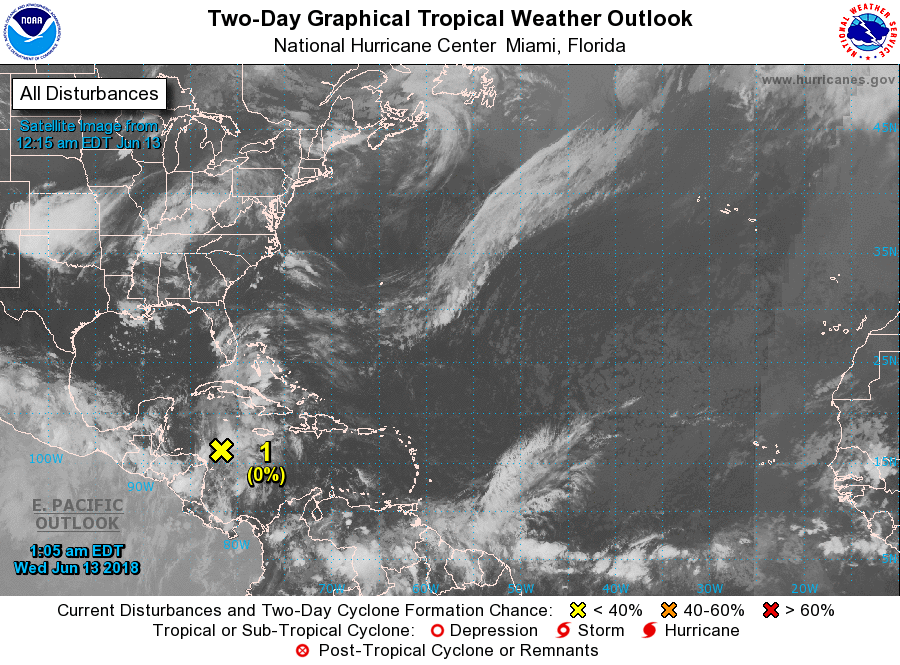
For the North Atlantic...Caribbean Sea and the Gulf of Mexico:

1. Disorganized showers and thunderstorms over the western Caribbean Sea are associated with a weak surface trough. This activity is forecast to move westward to northwestward over Central America and the Yucatan Peninsula during the next couple of days with no significant development. Environmental conditions could become slightly more conducive for some development if the system moves into the southwestern Gulf of Mexico by the end of the week.
* Formation chance through 48 hours...low...near 0 percent.
* Formation chance through 5 days...low...20 percent.

Forecaster Pasch